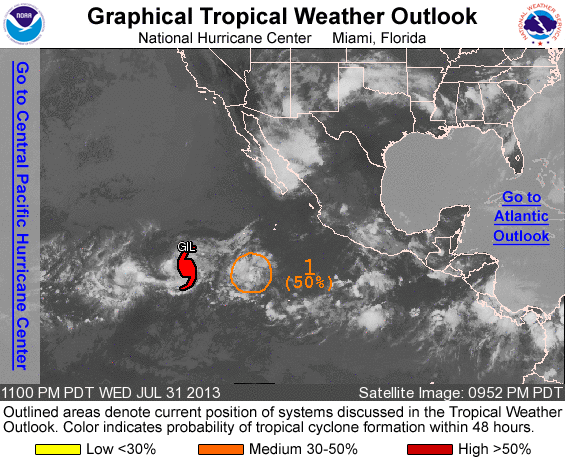
FOR THE EASTERN NORTH PACIFIC...EAST OF 140 DEGREES WEST LONGITUDE..

THE NATIONAL HURRICANE CENTER IS ISSUING ADVISORIES ON HURRICANE GIL...LOCATED ABOUT 1000 MILES SOUTHWEST OF THE SOUTHERN TIP OF THE BAJA CALIFORNIA PENINSULA.

1. SHOWERS AND THUNDERSTORMS ASSOCIATED WITH A LOW PRESSURE SYSTEM LOCATED ABOUT 750 MILES SOUTH-SOUTHWEST OF THE SOUTHERN TIP OF THE BAJA CALIFORNIA PENINSULA HAVE DIMINISHED DURING THE PAST SEVERAL HOURS. ALTHOUGH THE PROXIMITY TO HURRICANE GIL REDUCES THE CHANCE OF DEVELOPMENT...THIS SYSTEM HAS A MEDIUM CHANCE...50 PERCENT...OF BECOMING A TROPICAL CYCLONE DURING THE NEXT 48 HOURS AS IT MOVES GENERALLY WESTWARD AT ABOUT 10 MPH.

ELSEWHERE...TROPICAL CYCLONE FORMATION IS NOT EXPECTED DURING THE NEXT 48 HOURS.

BEGINNING TOMORROW WITH THE 5 AM PDT TROPICAL WEATHER OUTLOOK...THE NATIONAL HURRICANE CENTER WILL BEGIN INCLUDING INFORMATION ABOUT THE POTENTIAL FOR TROPICAL CYCLONE FORMATION DURING THE FOLLOWING FIVE DAYS. THIS INFORMATION WILL BE PROVIDED PROBABILISTICALLY IN 10-PERCENT INCREMENTS...AND WILL SUPPLEMENT THE 48-HOUR PROBABILISTIC FORMATION POTENTIAL ALREADY PROVIDED. THE CURRENT GRAPHICAL TROPICAL WEATHER OUTLOOK THAT SHOWS THE 48-HOUR GENESIS POTENTIAL WILL REMAIN UNCHANGED. NHC IS CURRENTLY DEVELOPING A FIVE-DAY GENESIS POTENTIAL GRAPHIC THAT MAY BECOME AVAILABLE LATER IN THE SEASON.

FORECASTER BERG